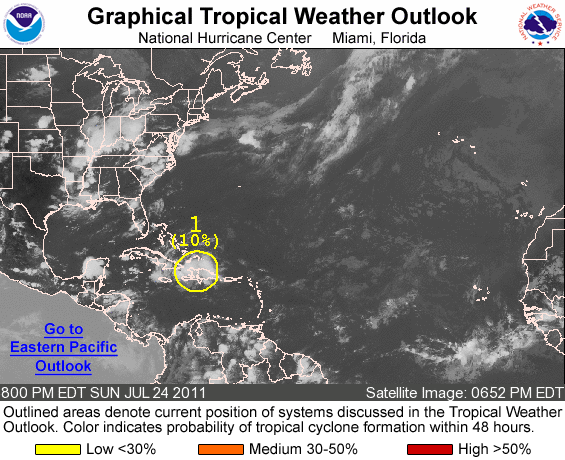
FOR THE NORTH ATLANTIC...CARIBBEAN SEA AND THE GULF OF MEXICO...

1. A TROPICAL WAVE OVER THE CENTRAL CARIBBEAN SEA IS PRODUCING SCATTERED SHOWERS AND THUNDERSTORMS OVER HISPANIOLA AND THE SOUTHEASTERN BAHAMAS. SIGNIFICANT DEVELOPMENT OF THIS WAVE IS NOT EXPECTED DURING THE NEXT COUPLE OF DAYS AS IT MOVES GENERALLY WESTWARD NEAR 20 MPH AND INTERACTS WITH LAND. THIS SYSTEM HAS A LOW CHANCE...10 PERCENT...OF BECOMING A TROPICAL CYCLONE DURING THE NEXT 48 HOURS. LOCALLY HEAVY RAINFALL AND GUSTY WINDS COULD SPREAD OVER THE CENTRAL BAHAMAS AND CUBA DURING THE NEXT DAY OR TWO.

ELSEWHERE...TROPICAL CYCLONE FORMATION IS NOT EXPECTED DURING THE NEXT 48 HOURS.

FORECASTER CANGIALOSI/BROWN